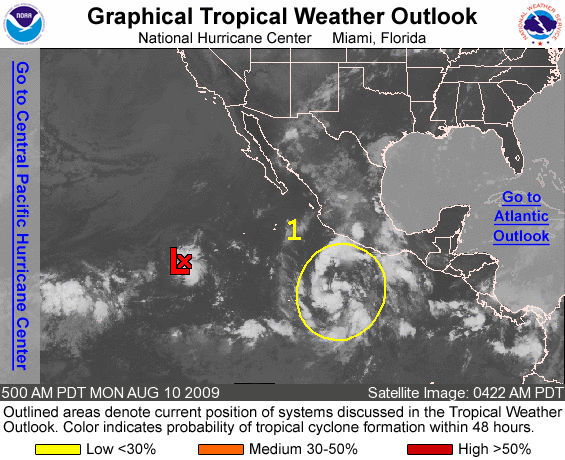
FOR THE EASTERN NORTH PACIFIC...EAST OF 140 DEGREES WEST LONGITUDE..

THE NATIONAL HURRICANE CENTER IS ISSUING ADVISORIES ON TROPICAL DEPRESSION NINE-E...LOCATED ABOUT 970 MILES WEST-SOUTHWEST OF THE SOUTHERN TIP OF BAJA CALIFORNIA.

1. THUNDERSTORM ACTIVITY HAS INCREASED IN ASSOCIATION WITH A TROPICAL WAVE LOCATED SEVERAL HUNDRED MILES SOUTH-SOUTHWEST OF ACAPULCO MEXICO. UPPER-LEVEL WINDS ARE EXPECTED TO BECOME MORE FAVORABLE FOR DEVELOPMENT OF THIS SYSTEM OVER THE NEXT COUPLE OF DAYS AS IT MOVES WEST TO WEST-NORTHWESTWARD AT AROUND 15 MPH. THERE IS A LOW CHANCE...LESS THAN 30 PERCENT...OF THIS SYSTEM BECOMING A TROPICAL CYCLONE DURING THE NEXT 48 HOURS.

ELSEWHERE...TROPICAL CYCLONE FORMATION IS NOT EXPECTED DURING THE NEXT 48 HOURS.

PUBLIC ADVISORIES ON TROPICAL DEPRESSION NINE-E ARE ISSUED UNDER WMO HEADER WTPZ34 KNHC AND UNDER AWIPS HEADER MIATCPEP4. FORECAST/ ADVISORIES ON NINE-E ARE ISSUED UNDER WMO HEADER WTPZ24 KNHC AND UNDER AWIPS HEADER MIATCMEP4.

FORECASTER BERG